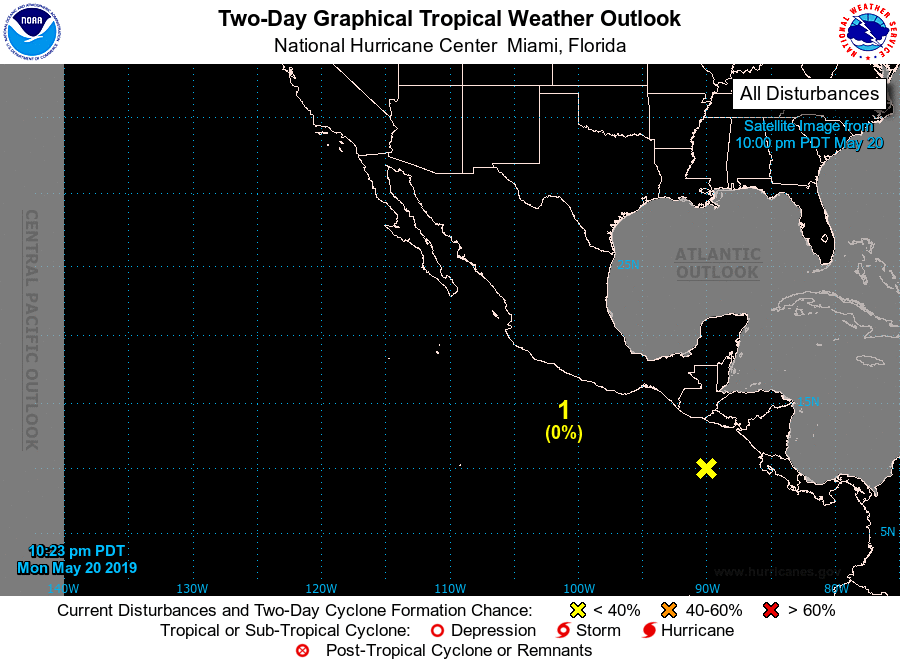
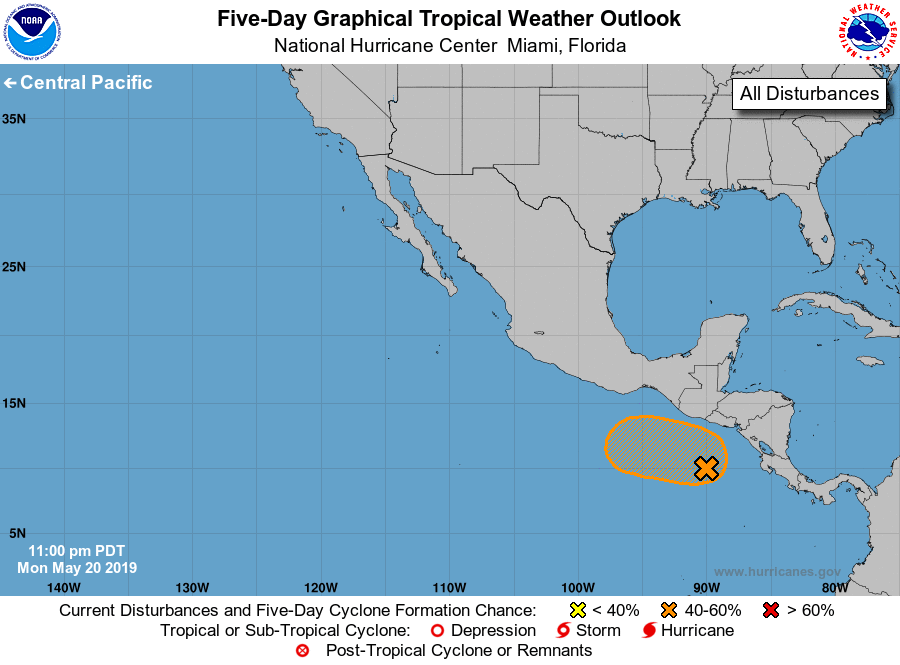
For the eastern North Pacific...east of 140 degrees west longitude:

1. A broad area of low pressure located a few hundred miles south of Guatemala and El Salvador continues to produce limited shower activity. Some gradual development of this system is possible later this week while the disturbance meanders over the far eastern North Pacific.
* Formation chance through 48 hours...low...near 0 percent.
* Formation chance through 5 days...medium...40 percent.

Forecaster Stewart